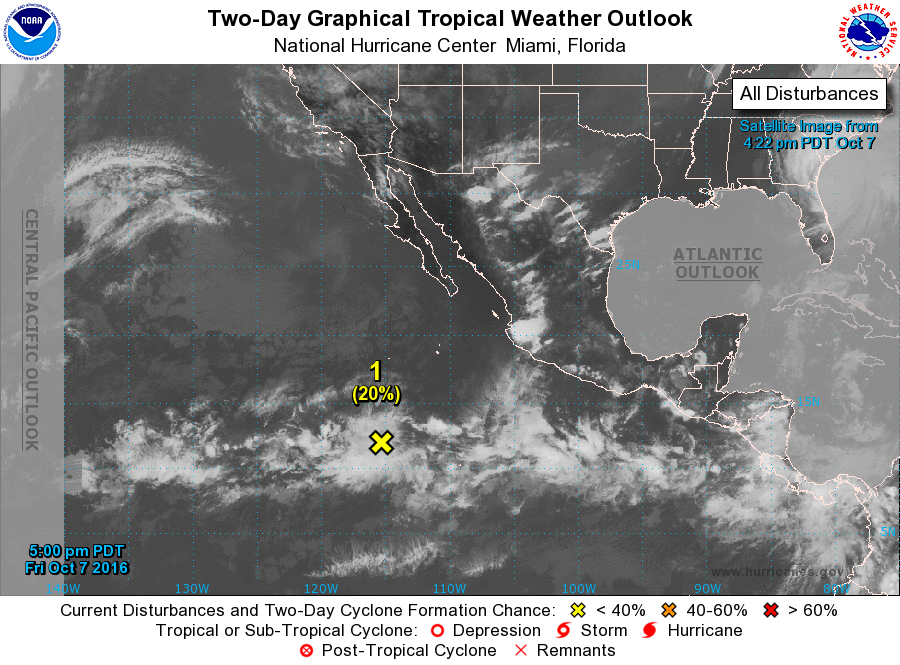
For the eastern North Pacific...east of 140 degrees west longitude:

1. Disorganized showers and thunderstorms are associated with a trough of low pressure located several hundred miles south-southwest of the southern tip of the Baja California peninsula. Environmental conditions are expected to be conducive for gradual development, and a tropical depression is likely to form by the early or middle part of next week. The system is expected to move generally west- northwestward at 10 to 15 mph.
* Formation chance through 48 hours...low...20 percent
* Formation chance through 5 days...high...70 percent

2. An area of low pressure could develop several hundred miles south or southwest of the south-central coast of Mexico early next week. Some gradual development of this system is possible while the low moves generally westward at about 10 mph.
* Formation chance through 48 hours...low...near 0 percent
* Formation chance through 5 days...low...30 percent

Forecaster Blake